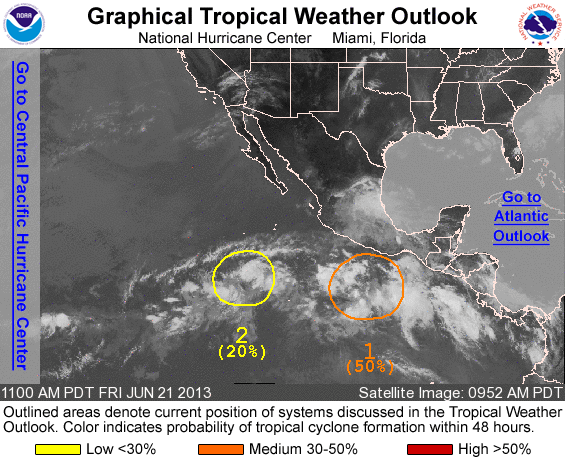
FOR THE EASTERN NORTH PACIFIC...EAST OF 140 DEGREES WEST LONGITUDE..

1. SHOWERS AND THUNDERSTORMS ASSOCIATED WITH AN AREA OF LOW PRESSURE LOCATED ABOUT 350 MILES SOUTH OF ACAPULCO MEXICO ARE SHOWING SIGNS OF ORGANIZATION. UPPER-LEVEL WINDS ARE FORECAST TO BECOME CONDUCIVE FOR ADDITIONAL DEVELOPMENT OVER THE WEEKEND. THIS SYSTEM HAS A MEDIUM CHANCE...50 PERCENT...OF BECOMING A TROPICAL CYCLONE DURING THE NEXT 48 HOURS WHILE IT MOVES TO THE WEST-NORTHWEST AT ABOUT 10 MPH.

2. AN ELONGATED AREA OF LOW PRESSURE CENTERED ABOUT 800 MILES SOUTH-SOUTHWEST OF THE SOUTHERN TIP OF BAJA CALIFORNIA IS PRODUCING A LARGE AREA OF CLOUDINESS AND SHOWERS. SOME SLOW DEVELOPMENT OF THIS LOW IS POSSIBLE WHILE IT MOVES TO THE NORTHWEST AT 5 TO 10 MPH. THIS SYSTEM HAS A LOW CHANCE...20 PERCENT...OF BECOMING A TROPICAL CYCLONE DURING THE NEXT 48 HOURS.

ELSEWHERE...TROPICAL CYCLONE FORMATION IS NOT EXPECTED DURING THE NEXT 48 HOURS.

FORECASTER BLAKE